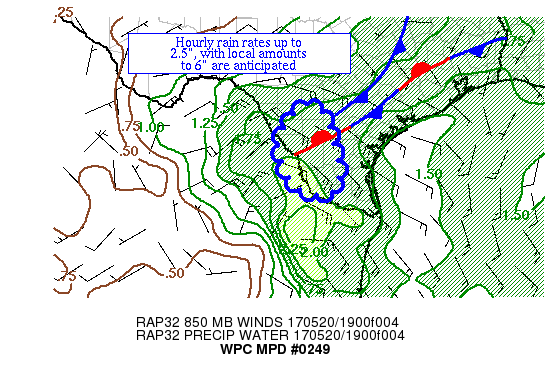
AREAS AFFECTED...SOUTH TX

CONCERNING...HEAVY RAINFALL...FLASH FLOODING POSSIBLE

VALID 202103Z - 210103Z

SUMMARY...THUNDERSTORMS WITH HIGH RAIN RATES CONTINUE TO DROP
SOUTH TO THE EAST OF THE RIO GRANDE.  HOURLY RAIN RATES TO 2.5"
WITH LOCAL AMOUNTS TO 6" ARE ANTICIPATED.

DISCUSSION...A CLUSTER OF THUNDERSTORMS SOUTHEAST OF DEL RIO HAS
BEEN DROPPING SOUTH AT ~10 KTS OVER THE PAST SEVERAL HOURS.  THE
STORMS HAVE BEEN SLIGHTLY ELEVATED AND FOCUSED ALONG AN OUTFLOW
BOUNDARY WHICH HAS LATELY BEEN REINFORCED BY A SYNOPTIC SCALE COLD
FRONT.  THE IMPORTANT ENVIRONMENTAL FACTORS FOR HEAVY RAINFALL
SEEM TO BE PRESENT -- PRECIPITABLE WATER VALUES NEAR 2", 850 HPA
INFLOW OF 25-30 KTS, 0-6 KM BULK SHEAR OF ~50 KTS, AND MU CAPES OF
2000-4000 J/KG.  THE LOW-LEVEL INFLOW APPEARS TO BE COUNTERING THE
NORMAL TENDENCY OF THE CONVECTION TO MOVE EASTWARD WITHIN A
DIFFLUENT THICKNESS PATTERN, WHICH HAS MAINTAINED RAINFALL
EFFICIENCY.

THE MESOSCALE GUIDANCE IS FAIRLY UNANIMOUS ON EXPECTATIONS IN THIS
REGION, SHOWING A SIGNAL FOR LOCAL AMOUNTS OF 6" DURING THE NEXT
SEVERAL HOURS.  STORMS MOVING IN FROM THE SOUTH COULD MERGE WITH
THIS CLUSTER, FURTHER ENHANCING RAIN RATES/TOTALS.  THE AVAILABLE
MOISTURE AND INSTABILITY SUPPORTS HOURLY RAIN RATES TO 2.5".  THE
UNCERTAINTY HERE LIES IN COVERAGE AND THE POSSIBILITY THAT THIS
CONVECTION COULD TRY TO MOVE SOUTHWEST ACROSS THE RIO GRANDE OVER
THE NEXT SEVERAL HOURS AS THE 850 HPA INFLOW ATTEMPTS TO BACK,
WHICH WOULD SUPPORT BACK BUILDING INTO THE INSTABILITY POOL WHICH
IS STRONGEST IN NORTHEAST MEXICO.